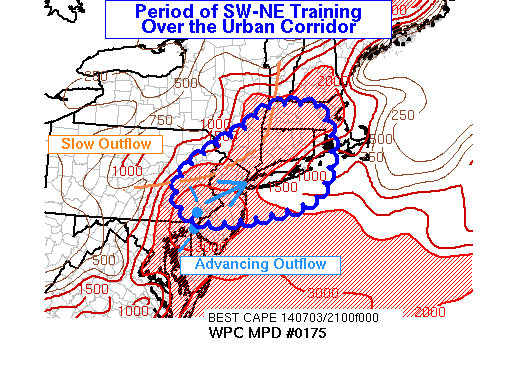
AREAS AFFECTED...SRN NY...WRN MA...CT...RI...NRN NJ...ERN PA

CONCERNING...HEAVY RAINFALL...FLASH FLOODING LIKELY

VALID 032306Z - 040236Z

SUMMARY...AN ENHANCED HEAVY RAIN THREAT EXISTS IN THE SHORT
TERM...THROUGH 03Z...NEAR THE URBAN AREAS SURROUNDING NYC AND
PROGRESSING TOWARD MA/CT.

DISCUSSION...AFTERNOON CONVECTION WAS INITIATED OFF TERRAIN
FEATURES PERPENDICULAR TO THE MEAN LAYER FLOW AND IN A REGION OF
MORE DEEPLY MIXED BOUNDARY LAYER AIR. AFTER SHOWING STEADY
EASTWARD PROGRESSION EARLY...THE LIKELIHOOD OF SLOWER MOVEMENT AND
ORGANIZED TRAINING HAD INCREASED AS THIS CONVECTION REACHED THE
COASTAL PLAIN...WHERE DOWNDRAFT CAPE WAS RELATIVELY LESS...AND
ECHOES HAD BECOME ORIENTED MORE PARALLEL TO THE DEEP LAYER FLOW.

A LINE ESTABLISHED OVER THE PA/NJ/NY BORDER REGION WAS LIKELY TO
BE SUSTAINED BY SBCAPE OVER 2500 J/KG AND MODEST SOUTHWESTERLY
INFLOW JUST ABOVE THE SURFACE. EXPECT A SLOW PUSH TO THE EAST AND
SOUTHEAST. WITH TRAINING OCCURRING ALONG THE LEADING EDGE...AND
ABSORPTION OF NORTHWARD DRIFTING CELLS IN THE INFLOW...THE
ENVIRONMENT WILL TREND TOWARD MORE EFFICIENT RAIN PRODUCTION.

DUAL POL ESTIMATES FROM INSIDE THE RANGE OF THE MELTING LAYER
SUGGESTED ACCUMULATION RATES WERE RISING TOWARD 2 INCHES/HR.
CONSECUTIVE RUNS OF THE HRRR HAVE PRODUCED 2 TO 3 INCH SWATHS IN
THIS REGION...AND ISOLATED 4 INCH TOTALS ARE POSSIBLE GIVEN THE
EXPECTED TRAINING. THIS WILL LIKELY PRODUCE FLASH FLOODING IN
URBAN AREAS WHERE FLASH FLOOD GUIDANCE IS LOWEST...AND MAY DO SO
IN FAST RESPONDING STREAMS IN OTHER AREAS WHERE FLASH FLOOD
GUIDANCE IS ABOUT 3 INCHES IN 3 HOURS.